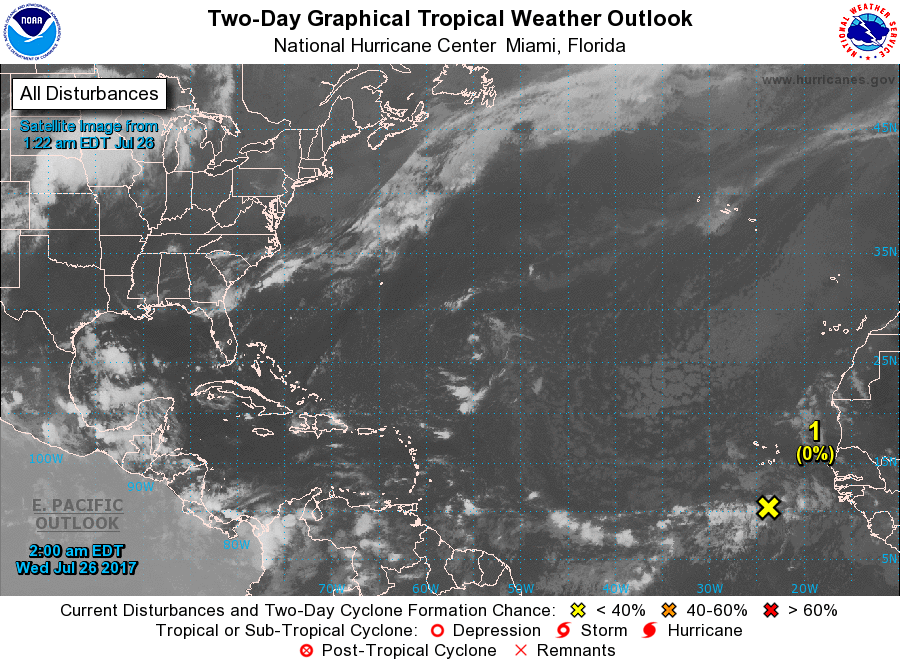
For the North Atlantic...Caribbean Sea and the Gulf of Mexico:

1. A tropical wave, located a few hundred miles south of the Cabo Verde Islands, is producing disorganized showers and thunderstorms. Some slow development of this system is possible this weekend as it moves westward at 10 to 15 mph.
* Formation chance through 48 hours...low...near 0 percent.
* Formation chance through 5 days...low...20 percent.

Forecaster Roberts